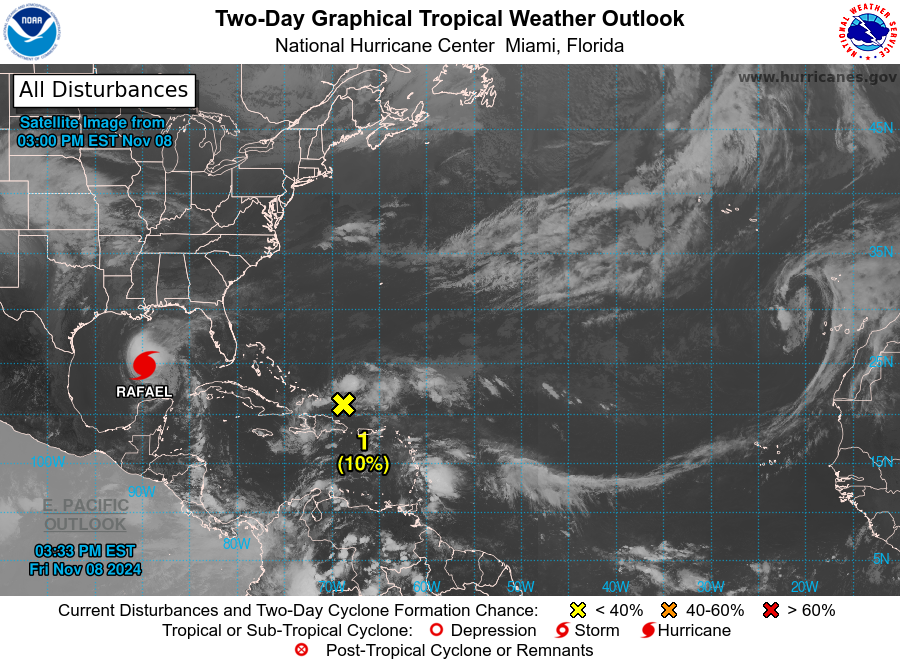
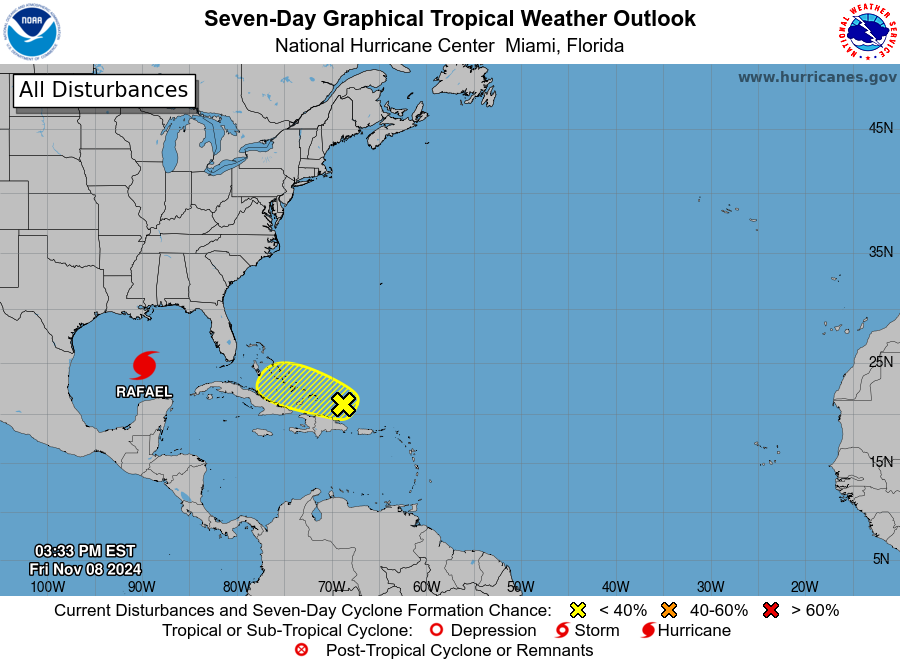
For the North Atlantic...Caribbean Sea and the Gulf of Mexico:

Active Systems: The National Hurricane Center is issuing advisories on Hurricane Rafael, located over the central Gulf of Mexico.

1. Near Greater Antilles: Disorganized showers and thunderstorms continue in association with a trough of low pressure that extends from near Hispaniola northeastward over the southwestern Atlantic. Development, if any, of this system should be slow to occur during the next couple of days while it moves westward to west-northwestward near the Greater Antilles, Turks and Caicos Islands, and the southeastern Bahamas. Regardless of development, locally heavy rains are possible across the Virgin Islands, Puerto Rico, Hispaniola, Turks and Caicos Islands, and the southeastern Bahamas through Sunday.
* Formation chance through 48 hours...low...10 percent.
* Formation chance through 7 days...low...10 percent.

Forecaster Reinhart